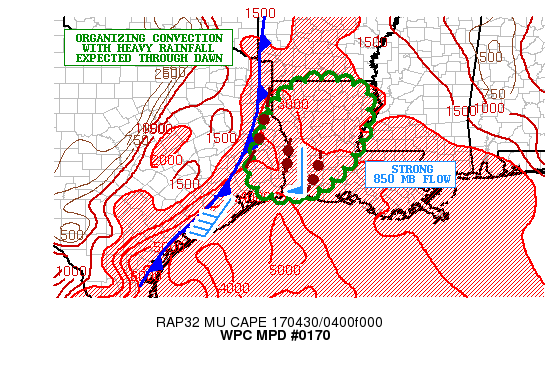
AREAS AFFECTED...FAR EASTERN TX...WESTERN/CENTRAL LA

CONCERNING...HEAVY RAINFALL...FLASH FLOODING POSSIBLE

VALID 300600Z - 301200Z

SUMMARY...STRONG THUNDERSTORMS WITH INTENSE RAINFALL RATES OVER 2
INCHES/HR ARE EXPECTED OVER THE NEXT FEW HOURS. SOME FLASH
FLOODING MAY BE POSSIBLE.

DISCUSSION...RAPIDLY COOLING CONVECTIVE TOPS ARE NOTED ACROSS
AREAS OF FAR EASTERN TX AND INTO LA AS A COLD FRONT IMPINGES ON
THE AREA AND INTERACTS WITH A FOCUSED AREA OF STRONG
MOISTURE/INSTABILITY TRANSPORT THAT IS ADVANCING IN OFF THE
WESTERN GULF OF MEXICO.

THE 00Z GEM REGIONAL AND RECENT HRRR RUNS ARE SUGGESTING A FAIR
DEGREE OF CONVECTIVE ORGANIZATION ACROSS AREAS OF CENTRAL AND
WESTERN LA IN THE 06Z TO 12Z TIME-FRAME. GIVEN THE LATEST
CONVECTIVE TRENDS...THESE MODELS SEEM TO HAVE A SOMEWHAT BETTER
HANDLE ON THE CURRENT CONVECTIVE ENVIRONMENT. THERMODYNAMICAL
PROFILES ARE CONDUCIVE FOR AN INCREASE IN CONVECTIVE COVERAGE AND
INTENSITY...GIVEN A 40 TO 50 KT SOUTHERLY LOW LEVEL JET THAT IS
FOCUSING PWATS OF 1.8 TO 2 INCHES...AND MUCAPE VALUES OF 3000 TO
4000 J/KG ARE THE AREA. CONFLUENT LOW LEVEL FLOW AND THE
APPROACHING FRONT WILL FACILITATE THE ORGANIZATION OVER THE NEXT
FEW HOURS AND ALSO WITH AID OF A DIFFLUENT UPPER LEVEL LOW PATTERN.

EXPECT AS MUCH AS 2 TO 4 INCHES RAIN WITH ISOLATED HEAVIER AMOUNTS
THROUGH 12Z. SOME OF THESE RAINS WILL BE FALLING ON AREAS THAT DID
SEE SOME HEAVIER RAINS ON SATURDAY...AND SO THIS MAY RESULT IN
SOME RUNOFF PROBLEMS AND POSSIBLE FLASH FLOODING. WILL CONTINUE TO
MONITOR.